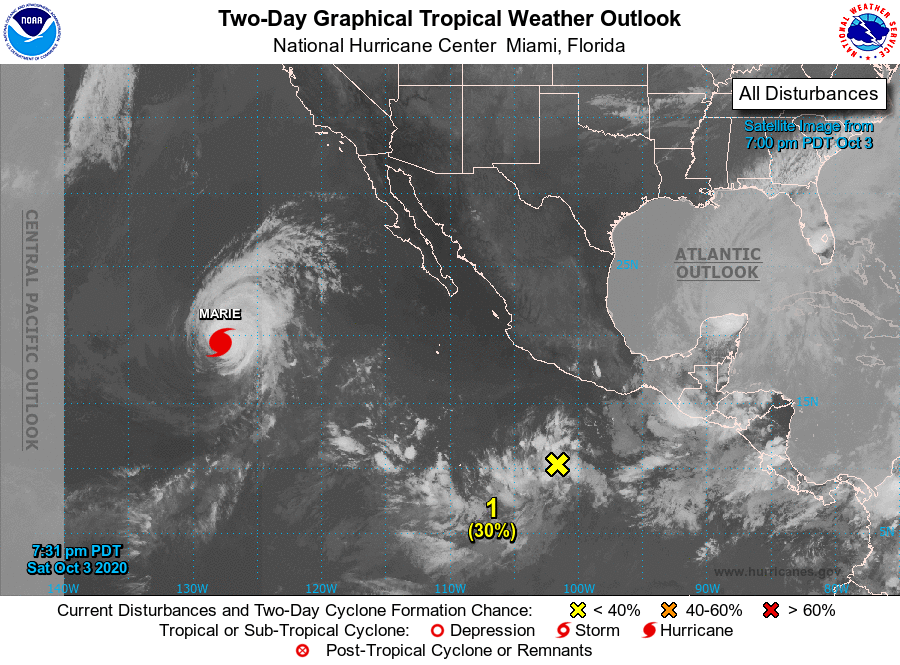
For the eastern North Pacific...east of 140 degrees west longitude:

The National Hurricane Center is issuing advisories on Hurricane Marie, located about 1150 miles west of the southern tip of the Baja California peninsula.

1. An elongated area of low pressure is located several hundred miles south of the southwestern coast of Mexico. Shower and thunderstorm activity associated with this disturbance has increased during the past few hours. Additional development of this system is possible and a tropical depression could form by the middle of next week while it moves slowly northwestward.
* Formation chance through 48 hours...low...30 percent.
* Formation chance through 5 days...medium...50 percent.

2. Another area of low pressure could form south-southeast of the Gulf of Tehuantepec region early next week. Gradual development of this system is possible thereafter while it drifts northward offshore of the southern coasts of Mexico and Guatemala.
* Formation chance through 48 hours...low...near 0 percent.
* Formation chance through 5 days...low...20 percent.

Forecaster Zelinsky